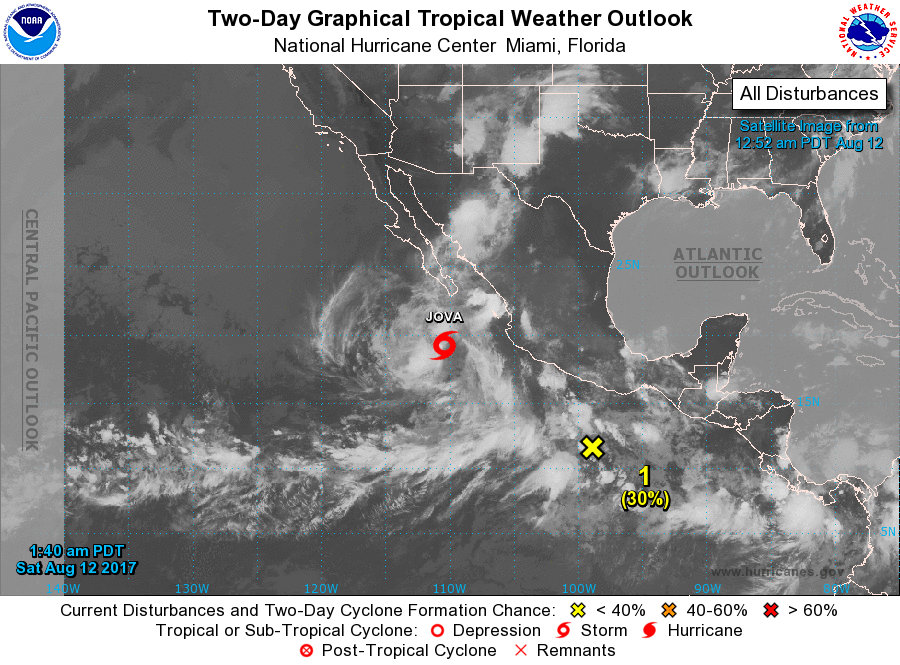
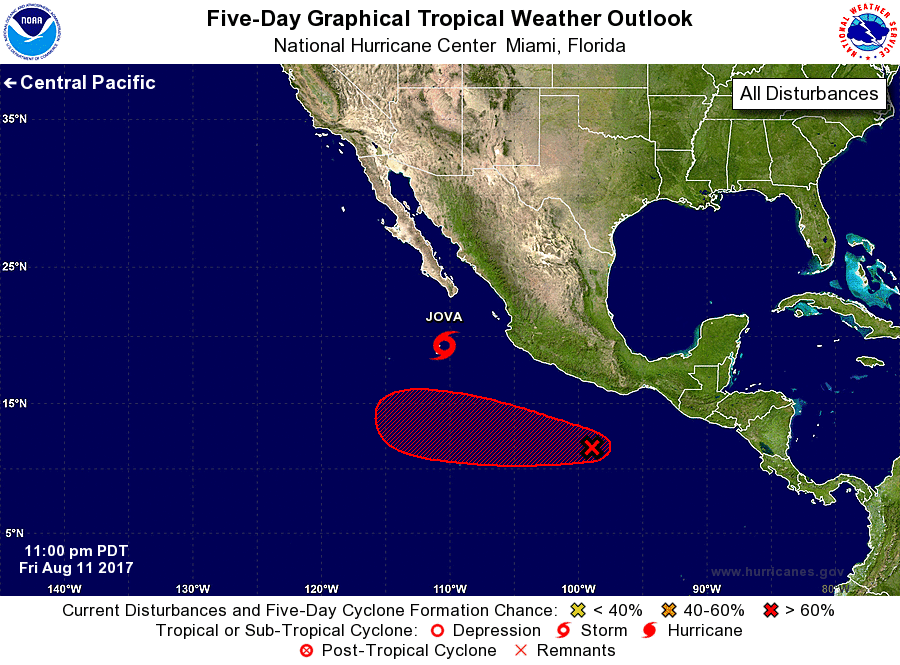
For the eastern North Pacific...east of 140 degrees west longitude:

The National Hurricane Center is issuing advisories on newly-formed Tropical Storm Jova, located about 250 miles south of the southern tip of the Baja California Peninsula.

1. Disorganized cloudiness and showers centered a few hundred miles south of Acapulco, Mexico, are associated with a surface trough. Environmental conditions are forecast to become increasingly conducive for development, and a tropical cyclone is likely to form early next week while the system moves west-northwestward at 10 to 15 mph.
* Formation chance through 48 hours...low...30 percent.
* Formation chance through 5 days...high...70 percent.

Public Advisories on Tropical Storm Jova are issued under WMO header WTPZ32 KNHC and under AWIPS header MIATCPEP2. Forecast/Advisories on Tropical Storm Jova are issued under WMO header WTPZ22 KNHC and under AWIPS header MIATCMEP2.

Forecaster Beven